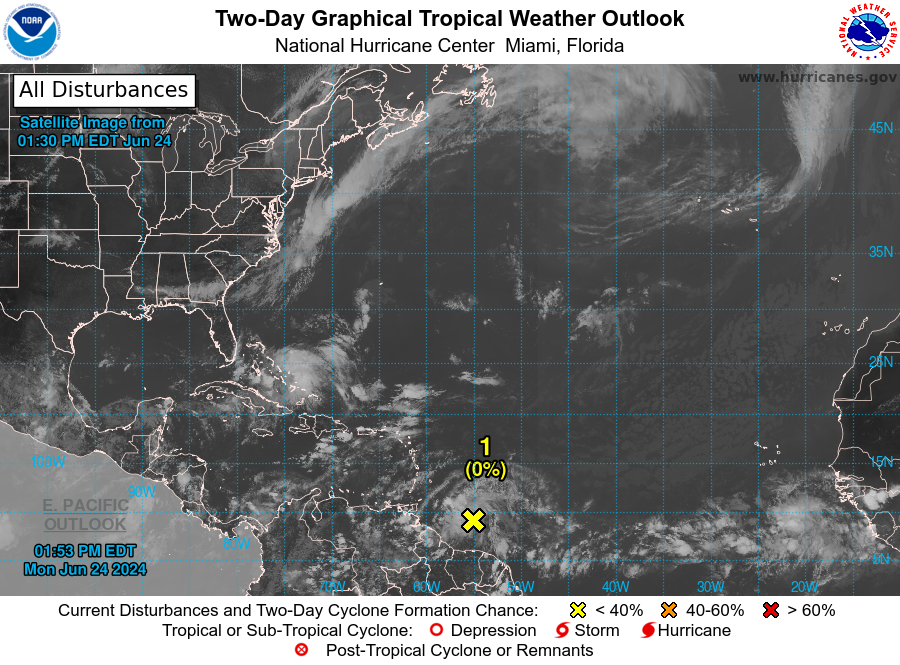
For the North Atlantic...Caribbean Sea and the Gulf of Mexico:

1.

1. Western Caribbean/Southwestern Gulf of Mexico: A westward-moving tropical wave located a few hundred miles east-southeast of the Windward Islands is producing disorganized showers and thunderstorms. Environmental conditions appear conducive for slow development once the wave reaches the western Caribbean late this week.
* Formation chance through 48 hours...low...near 0 percent.
* Formation chance through 7 days...low...20 percent.

Forecaster Hagen/Pasch